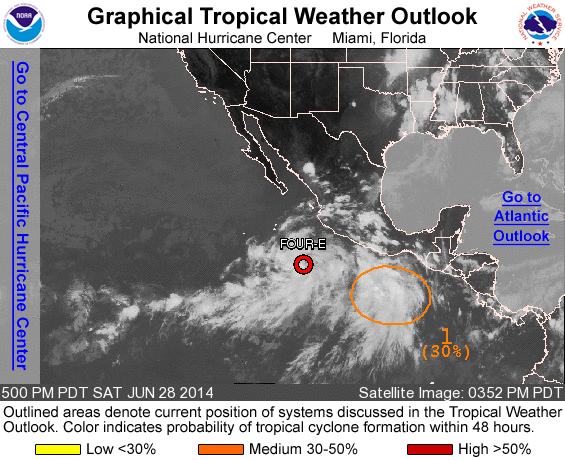
For the eastern North Pacific...east of 140 degrees west longitude:

The National Hurricane Center is issuing advisories on newly formed Tropical Depression Four-E, located several hundred miles southwest of the southwestern coast of Mexico.

1. A small area of low pressure located several hundred miles south- southwest of the Gulf of Tehuantepec is producing disorganized showers and thunderstorms. Some development of this system is possible over the next few days while it moves west-northwestward or northwestward at 10 to 15 mph.
* Formation chance through 48 hours...medium...30 percent.
* Formation chance through 5 days...medium...50 percent.

Public Advisories on Tropical Depression Four-E are issued under WMO header WTPZ34 KNHC and under AWIPS header MIATCPEP4. Forecast/Advisories on Tropical Depression Four-E are issued under WMO header WTPZ24 KNHC and under AWIPS header MIATCMEP4.

Forecaster Brennan